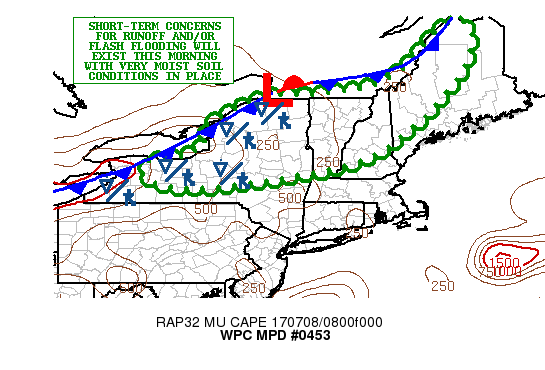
AREAS AFFECTED...CENTRAL/NORTHEAST NY...VT...NH...WESTERN ME

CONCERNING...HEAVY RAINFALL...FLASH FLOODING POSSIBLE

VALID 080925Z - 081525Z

SUMMARY...SCATTERED CLUSTERS OF HEAVY SHOWERS AND THUNDERSTORMS
THIS MORNING MAY RESULT IN SOME POCKETS OF RUNOFF PROBLEMS AND
FLASH FLOODING.

DISCUSSION...A FAIRLY STRONG SHORTWAVE TROUGH AND AN ATTENDANT
COLD FRONT WILL BE CROSSING THE LOWER GREAT LAKES REGION THIS
MORNING AND ADVANCING THROUGH NY STATE AND INTERIOR SECTIONS OF
NEW ENGLAND THROUGH MIDDAY. ALREADY THE DYNAMICS ASSOCIATED WITH
THIS COUPLED WITH A NOSE OF MODEST INSTABILITY POOLING UP ACROSS
WESTERN NY IS HELPING TO FOSTER SEVERAL CLUSTERS OF PROGRESSIVE
THUNDERSTORM ACTIVITY. IN FACT...THE LATEST RAP ANALYSIS SHOWS A
90+ KT 250 MB JET MAX NOW LIFTING UP ACROSS WESTERN NY AND TOWARD
CENTRAL/NORTHERN VT WHILE A POOL OF 500 TO 1000 J/KG OF MUCAPE IS
POOLED ALONG AND JUST AHEAD OF THE COLD FRONT MOVING INTO WESTERN
NY.

THE ANTECEDENT SOIL CONDITIONS ACROSS MUCH OF CENTRAL/NORTHEAST NY
AND INTO THE NORTHERN APPALACHIANS INCLUDING THE GREEN AND WHITE
MOUNTAINS OF VT/NH...AND WESTERN ME ARE QUITE MOIST OWING TO
MULTIPLE HEAVY RAINFALL EVENTS OVER THE LAST WEEK.

RAINFALL RATES OF 1 TO 1.5 INCHES/HR WILL BE POSSIBLE...WITH LOCAL
TOTALS OF 2 TO 2.5 INCHES NOT OUT OF THE QUESTION ACROSS THE MPD
THREAT AREA AS THUNDERSTORMS LIFT NORTHEAST UP ALONG AND AHEAD OF
THE COLD FRONT THROUGH MIDDAY. CONDITIONS WILL THEN IMPROVE AS THE
FRONT SWEEPS EAST AND ALLOWS DRIER AIR TO GRADUALLY ARRIVE FROM
THE WEST.

HOWEVER...THE ADDITIONAL THUNDERSTORM ACTIVITY THIS MORNING WITH
THESE HEAVIER RAINFALL RATES OCCURRING OVER MOUNTAINOUS TERRAIN
WILL ENCOURAGE SOME ADDITIONAL SHORT-TERM RUNOFF AND/OR FLASH
FLOODING CONCERNS. WILL CONTINUE TO MONITOR.